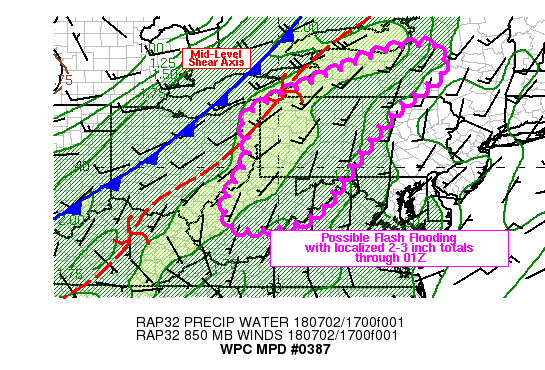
AREAS AFFECTED...WV INTO WRN MD PANHANDLE...CNTRL/WRN PA...CNTRL
NY

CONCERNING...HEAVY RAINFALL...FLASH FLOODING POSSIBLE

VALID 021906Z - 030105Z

SUMMARY...LOCALIZED FLASH FLOODING FROM CENTRAL WEST VIRGINIA INTO
THE WESTERN HALF OF PENNSYLVANIA AND CENTRAL NEW YORK IS EXPECTED
THROUGH THE EARLY EVENING HOURS. MAXIMUM RAINFALL RATES OF 1.5 TO
2.5 IN/HR MAY ALLOW FOR A FEW PLACES TO PICK UP 2 TO 3+ INCHES.

DISCUSSION...REGIONAL RADAR IMAGERY AT 1845Z SHOWED SCATTERED
THUNDERSTORMS FROM THE OHIO VALLEY INTO WESTERN NEW YORK AND A
SECOND AXIS FROM EASTERN LAKE ONTARIO SOUTHWESTWARD INTO THE WEST
VIRGINIA PANHANDLE. THE STORMS WERE DEVELOPING IN THE VICINITY OF
A MID-LEVEL SHEAR AXIS EXTENDING FROM LAKES ERIE AND ONTARIO INTO
THE TENNESSEE VALLEY...AND ALONG THE ELEVATED TERRAIN OF THE
ALLEGHENY MOUNTAINS WITH ENHANCEMENTS NEAR MESOSCALE CIRCULATIONS
WHICH WERE OBSERVED ON WATER VAPOR AND VISIBLE IMAGERY AHEAD OF
THE SHEAR AXIS. THE ENVIRONMENT OUT AHEAD OF A SLOW MOVING COLD
FRONT HAS STANDARDIZED ANOMALIES OF PRECIPITABLE WATER IN THE 2-3
RANGE ALONG WITH 1500-2500 J/KG MLCAPE VIA THE 18Z SPC
MESOANALYSIS PAGE. WHILE A KEY MISSING INGREDIENT FOR A MORE
WIDESPREAD FLASH FLOOD THREAT IS A LACK OF BETTER SHEAR...SHORT
LIVED CELLS HAVE BEEN AND WILL BE CAPABLE OF PRODUCING BRIEF HEAVY
RAINFALL WITH RATES OF 1.5 TO 2.5 IN/HR AND STORM TOTAL OF 2 TO 3+
INCHES.

WHILE PINPOINTING ANY ONE SPECIFIC REGION FOR FLASH FLOODING IN
THIS SETUP IS DIFFICULT...IT APPEARS AN ELEVATED RISK FOR FLASH
FLOODING WILL DEVELOP BETWEEN THE TWO ONGOING AXES OF
THUNDERSTORMS WHERE SKIES ARE CLEAR. AS THE COLD FRONT CONTINUES
EASTWARD...CONVECTION IS EXPECTED TO TRANSLATE AND CONCURRENTLY
DEVELOP INTO CENTRAL WEST VIRGINIA...WESTERN PENNSYLVANIA AND
CENTRAL NEW YORK THROUGH 00Z. WHILE LOW LEVEL SHEAR IS SLIGHTLY
STRONGER INTO NEW YORK AND FARTHER SOUTH HAS THE MORE SUSCEPTIBLE
TERRAIN FOR FLASH FLOODING...ALL ACROSS THE REGION WILL SEE THE
POTENTIAL FOR SHORT TERM TRAINING...OUTFLOW MERGERS AND LOCALIZED
HEAVY RAIN WITH 2 TO 3+ INCHES POSSIBLE OVER A 1-2 HOUR PERIOD.

WHILE NO SINGLE MODEL SEEMS TO HAVE A SOLID HANDLE ON ONGOING
CONVECTION...PERHAPS THE 16-18Z RUNS OF THE HRRR WERE DOING THE
BEST AND WERE USED AS A PSEUDO GUIDE FOR THIS MPD.